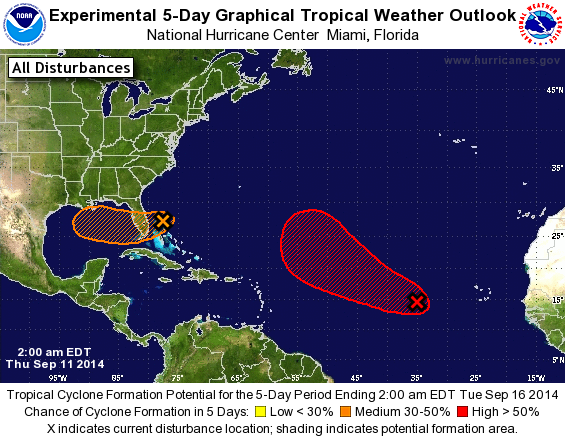
For the North Atlantic...Caribbean Sea and the Gulf of Mexico:

1. Shower activity associated with a broad area of low pressure centered about 750 miles west of the Cape Verde Islands continues to show signs of organization. Conditions are expected to become more favorable for development, and a tropical depression could form during the next day or two while the low moves toward the west- northwest and northwest at about 15 mph over the open Atlantic.
* Formation chance through 48 hours...medium...50 percent.
* Formation chance through 5 days...high...80 percent.

2. Shower activity associated with a weak low pressure area near the northwestern Bahamas has changed little in organization over the past several hours. Upper-level winds are forecast to become unfavorable for significant development while the low moves slowly westward toward southern Florida. If necessary, however, an Air Force plane will investigate the system later today. Regardless of development, this low will bring locally heavy rains to portions of southern Florida and the Florida Keys during the next couple of days.
* Formation chance through 48 hours...low...20 percent.
* Formation chance through 5 days...medium...30 percent.

Forecaster Pasch